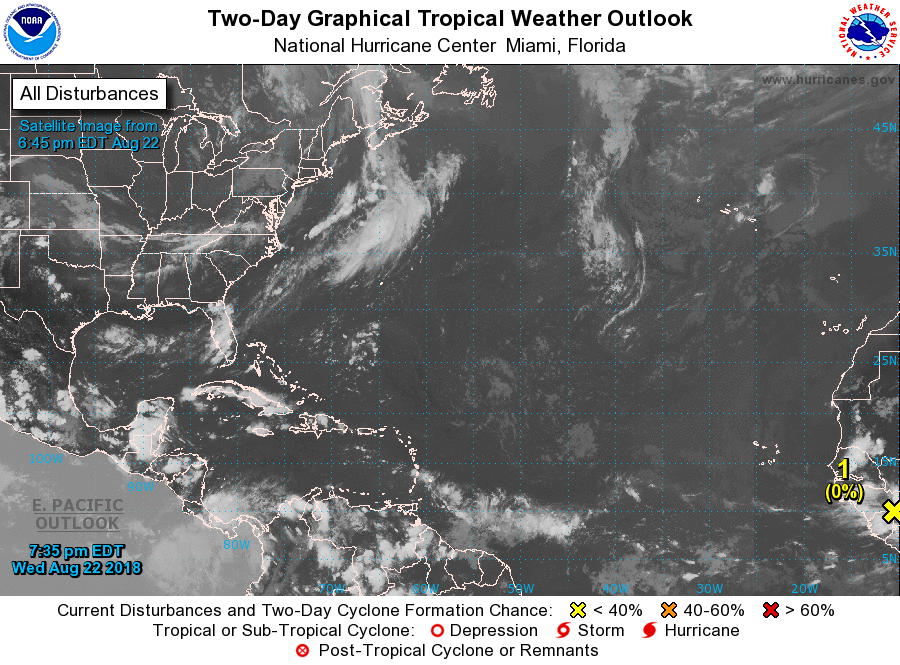
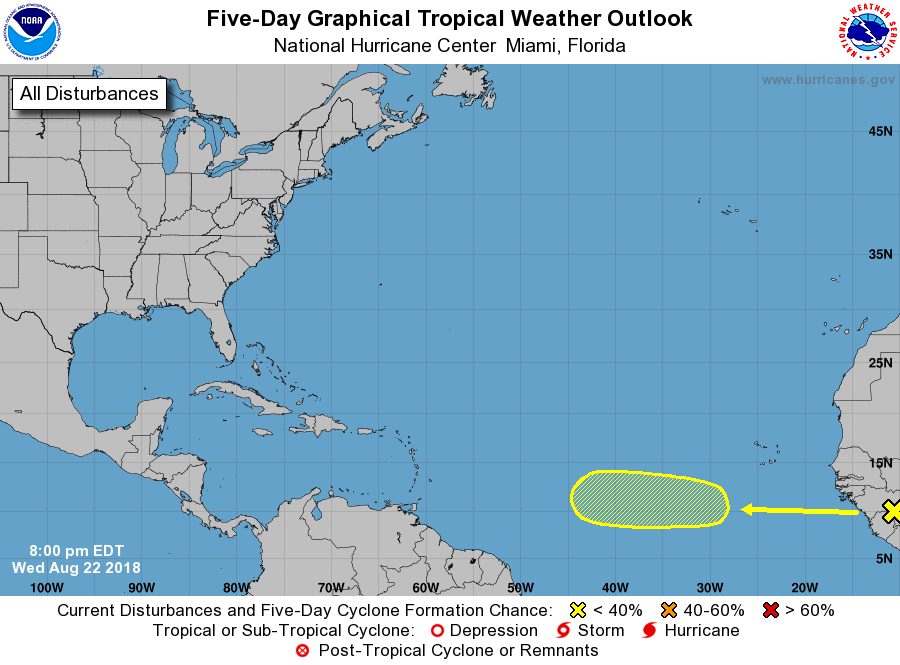
For the North Atlantic...Caribbean Sea and the Gulf of Mexico:

1. A tropical wave is forecast to emerge off the west coast of Africa late Thursday and then move westward at 15 to 20 mph for the next several days. Environmental conditions could become more conducive for some development of the wave early next week over the central tropical Atlantic Ocean.
* Formation chance through 48 hours...low...near 0 percent.
* Formation chance through 5 days...low...20 percent.

Forecaster Blake